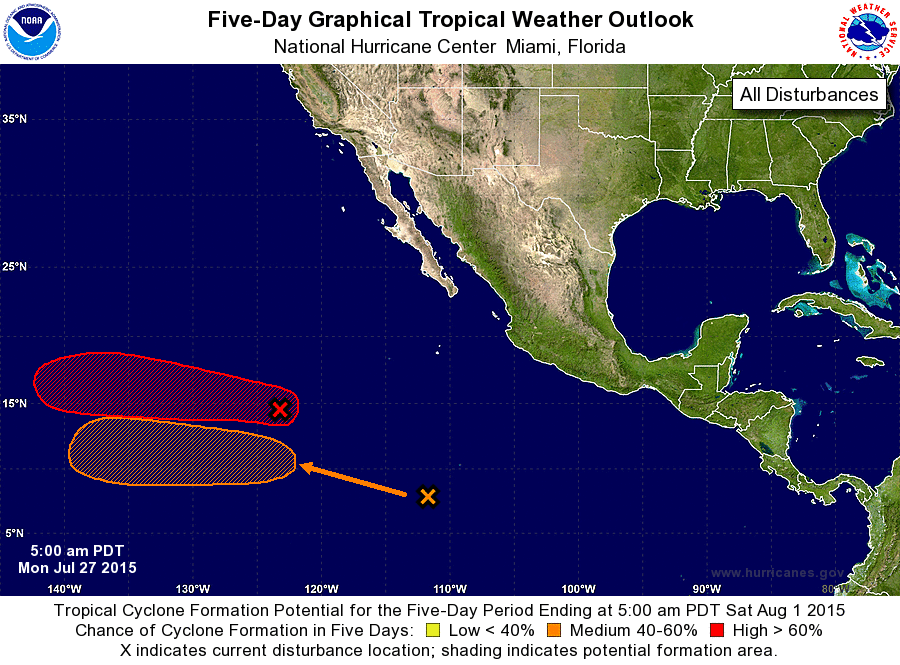
For the eastern North Pacific...east of 140 degrees west longitude:

1. A low pressure system located about 1050 miles southwest of the southern tip of the Baja California peninsula continues to produce a large area of cloudiness and showers. Environmental conditions are expected to be somewhat conducive for a tropical depression to form around mid-week while the low moves west-northwestward at 15 mph.
* Formation chance through 48 hours...medium...50 percent
* Formation chance through 5 days...high...70 percent

2. Showers and thunderstorms associated with a tropical wave located several hundred miles south of the southern tip of the Baja California peninsula have changed little overnight. Environmental conditions are forecast to be conducive for slow development while the disturbance moves generally westward this week.
* Formation chance through 48 hours...low...near 0 percent
* Formation chance through 5 days...medium...40 percent

Forecaster Stewart